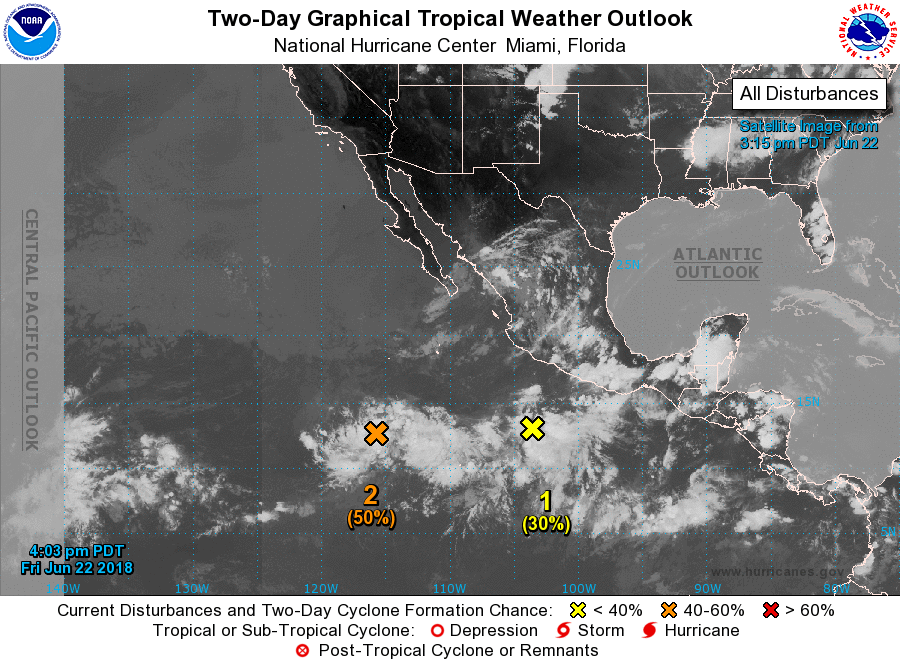
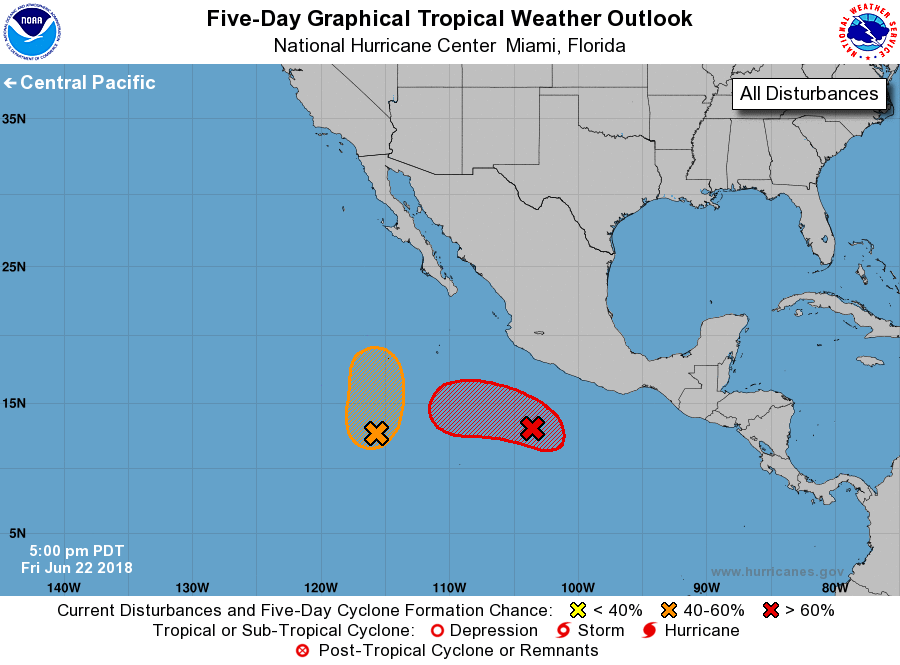
For the eastern North Pacific...east of 140 degrees west longitude:

1. An area of showers and thunderstorms located several hundred miles south-southwest of Acapulco, Mexico is associated with an elongated area of low pressure. This is disturbance is disorganized, but the environment is forecast to become more conducive for development over the next day or so, and a tropical depression is likely to form early next week while the disturbance moves westward to west- northwestward at 5 to 10 mph away from the coast of Mexico.
* Formation chance through 48 hours...low...30 percent.
* Formation chance through 5 days...high...70 percent.

2. Another elongated area of low pressure located a little more than 800 miles south-southwest of the southern tip of the Baja California peninsula continues to produce shower and thunderstorm activity. There has been no significant change in organization during the past several hours. However, environmental conditions are expected to be somewhat conducive for development over the next few days, and a tropical depression could form over the weekend while the disturbance moves toward the north or north-northeast at about 5 mph over the open eastern North Pacific. The system is expected to reach cooler waters early next week, which will limit the potential for development.
* Formation chance through 48 hours...medium...50 percent
* Formation chance through 5 days...medium...60 percent

Forecaster Avila